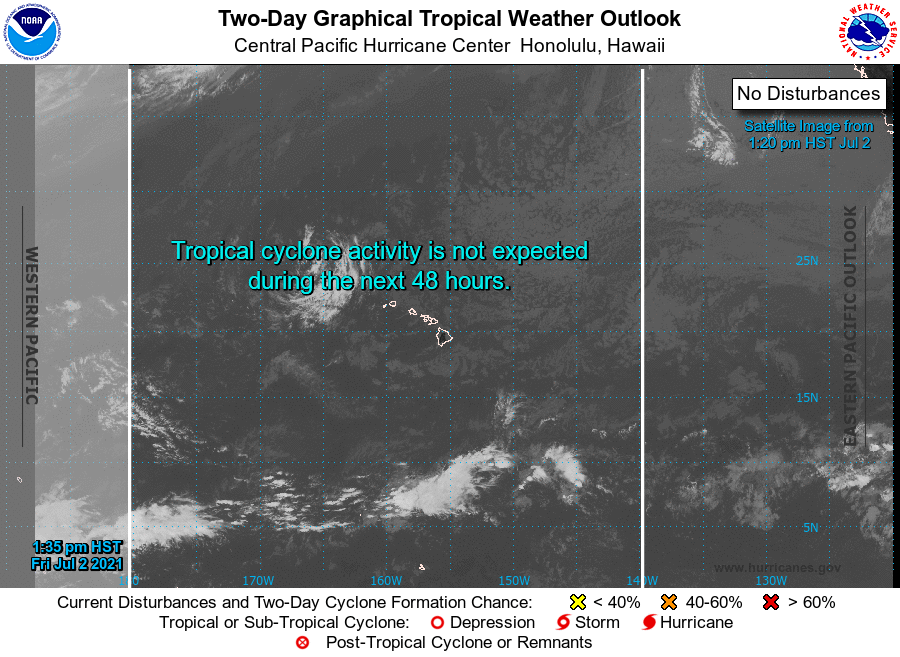
For the central North Pacific...between 140W and 180W:

No tropical cyclones are expected during the next 5 days.

Forecaster Wroe